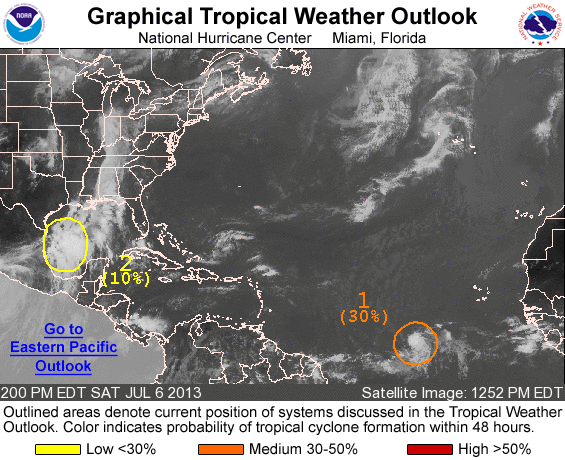
FOR THE NORTH ATLANTIC...CARIBBEAN SEA AND THE GULF OF MEXICO...

1. A VIGOROUS TROPICAL WAVE IS LOCATED OVER THE EASTERN ATLANTIC ABOUT 850 MILES SOUTHWEST OF THE CAPE VERDE ISLANDS. ASSOCIATED SHOWER AND THUNDERSTORM ACTIVITY IS SHOWING SIGNS OF IMPROVED ORGANIZATION AND ENVIRONMENTAL CONDITIONS ARE EXPECTED TO GRADUALLY BECOME MORE CONDUCIVE FOR DEVELOPMENT OVER THE NEXT FEW DAYS. THIS SYSTEM HAS A MEDIUM CHANCE...30 PERCENT...OF BECOMING A TROPICAL CYCLONE DURING THE NEXT 48 HOURS AS IT MOVES WESTWARD AT 20 TO 25 MPH.

2. A SURFACE TROUGH OF LOW PRESSURE IS PRODUCING WIDESPREAD CLOUDINESS AND DISORGANIZED THUNDERSTORMS OVER MUCH OF THE WESTERN AND CENTRAL GULF OF MEXICO. THE TROUGH IS EXPECTED TO MOVE SLOWLY NORTHWARD OVER THE NEXT COUPLE OF DAYS TOWARD THE TEXAS AND LOUISIANA COAST. UPPER-LEVEL WINDS BECOMING LESS CONDUCIVE FOR DEVELOPMENT TO OCCUR...AND THIS SYSTEM HAS A LOW CHANCE...10 PERCENT...OF BECOMING A TROPICAL CYCLONE DURING THE NEXT 48 HOURS. REGARDLESS OF DEVELOPMENT...THIS DISTURBANCE WILL LIKELY PRODUCE PERIODS OF LOCALLY HEAVY RAINFALL AND GUSTY WINDS ACROSS PORTIONS OF TEXAS AND LOUISIANA THROUGH MONDAY.

ELSEWHERE...TROPICAL CYCLONE FORMATION IS NOT EXPECTED DURING THE NEXT 48 HOURS.

FORECASTER STEWART